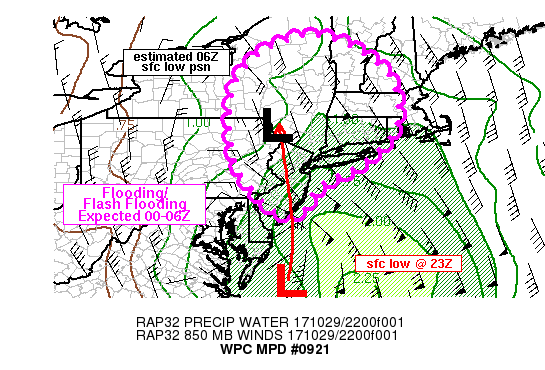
AREAS AFFECTED...ERN PA...NJ...NY...CT...RI...MA...SRN VT...SRN NH

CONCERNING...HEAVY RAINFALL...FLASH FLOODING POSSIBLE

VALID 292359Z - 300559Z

SUMMARY...STEADY MODERATE TO LOCALLY HEAVY WILL INCREASE ACROSS
THE NRN MID-ATLANTIC INTO THE NORTHEAST. FLOODING AND FLASH
FLOODING WILL BE A GROWING CONCERN IN THE 00-06Z TIME FRAME WITH
ADDITIONAL RAINFALL TOTALS OF 2-4 INCHES.

DISCUSSION...23Z GOES WATER VAPOR IMAGERY SHOWED A WELL DEFINED
NEGATIVELY TILTED SHORTWAVE TROUGH OVER VA/NC WITH A DEVELOPING
COMMA-HEAD FEATURE OVER THE NRN MID-ATLANTIC INTO UPSTATE NY. GOES
HD WINDS AGREED REASONABLY WELL WITH RAP ANALYSES OF THE JET
STREAM AT 200 MB...WHICH SHOWED A 130-150 KT JET CORE EXITING INTO
SRN QUEBEC. FARTHER SOUTH...WHILE NO GOES HD DATA WAS AVAILABLE TO
CONFIRM...RAP ANALYSES SHOWED A 90-110 KT UPPER LEVEL JET OVER
COASTAL NC AT THE BASE OF NEGATIVELY TILTED TROUGH LEAVING A
CLASSIC COUPLED JET SIGNATURE CONTAINING STRONG UPPER LEVEL
DIVERGENCE OVER NJ. AT THE SURFACE...A DOMINANT LOW WAS BEGINNING
TO TAKE OVER 60 MILES TO THE EAST OF THE SRN DELMARVA PENINSULA
WITH AN ESTIMATED PRESSURE OF 989 AT 23Z. THIS LOW IS LIKELY TO
TRACK NNW OVER THE NEXT 6 HOURS ACROSS CNTRL NJ...FOLLOWING
MAXIMUM 3-HOUR PRESSURE FALLS INDICATED BY A BUOY 20 MILES EAST OF
DE SHOWING AN 8 MB DROP IN THE PAST 3 HOURS.

AS THE SURFACE LOW TRACKS NORTH...STRONG LOW LEVEL FRONTOGENESIS
ORIENTED FROM SOUTH TO NORTH SHOULD SET UP BENEATH A STRONG
DEFORMATION AXIS OVER ERN PA INTO CNTRL NY. 850 MB WINDS NEAR 95
KT SOUTH OF ERN LONG ISLAND ARE FORECAST BY RECENT RAP CYCLES TO
ALIGN WITH PRECIPITABLE WATER VALUES BETWEEN 1.8 AND 2.0
INCHES...CAUSING MOISTURE FLUX ANOMALIES AT THIS LEVEL TO BE OFF
THE CHARTS. WHILE INLAND 850 MB WIND SPEEDS WILL BE LESS...50-60
KT VALUES ARE STILL EXPECTED TO ENHANCE UPSLOPE FLOW INTO THE
POCONO AND CATSKILL MOUNTAINS WITH HIGHER VALUES OVER FAR SRN NEW
ENGLAND. POWERFUL MOISTURE FLUX CONVERGENCE AT 850 MB IS EXPECTED
TO WRAP AROUND FROM NORTHEAST TO NORTHWEST OF THE LOW CENTER
IMPACTING THE OROGRAPHICALLY FAVORED REGIONS OF THE
POCONOS/CATSKILLS BETWEEN 02-05Z WITH 1-3 INCHES OF RAIN JUST IN
THE 3-HOUR PERIOD. SOME OF THESE RAINS WILL FALL ON TOP OF 2-4
INCH OBSERVED RAINFALL IN THE CATSKILLS OVER THE PAST 24 HOURS.

FARTHER EAST...LONG ISLAND IS EXPECTED TO SEE A QUICK HIT OF
RAINFALL RATES OF 0.5 TO 1.0+ IN/HR TO THE EAST OF A DEVELOPING
DRY SLOT...WITH THE STRONG MOISTURE FLUX AXIS IMPACTING THE
BERKSHIRES/TACONIC MOUNTAINS FOR A LONGER DURATION WHERE HI-RES
GUIDANCE IS SHOWING 2-4 INCHES OF RAIN ENDING 06Z. SIX HOUR TOTALS
OF 1-2 INCHES WILL BE POSSIBLE OVER LOWER ELEVATIONS OF SRN
VT/MA/CT/RI WHERE RAINFALL OVER THE PAST WEEK HAS LOWERED FLASH
FLOOD GUIDANCE VALUES TO 2 INCHES OR LESS IN 3 HOURS.